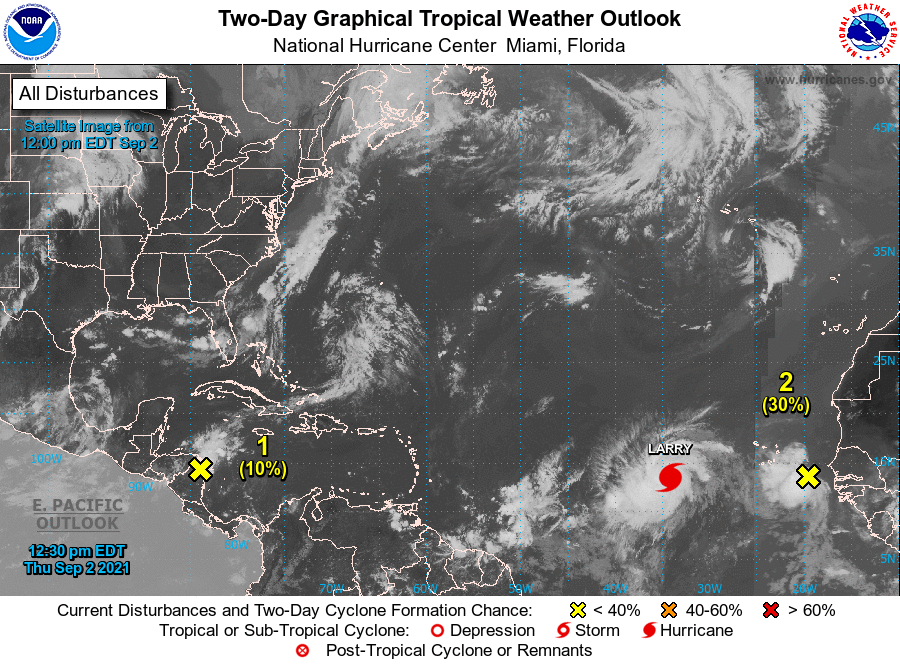
For the North Atlantic...Caribbean Sea and the Gulf of Mexico:

Special tropical weather outlook issued to introduce a new system located to the east-southeast of the Cabo Verde Islands.

The National Hurricane Center is issuing advisories on Hurricane Larry, located over the eastern tropical Atlantic several hundred miles west-southwest of the southernmost Cabo Verde Islands.

1. A small area of low pressure over northeastern Nicaragua is producing disorganized shower and thunderstorm activity. A portion of the low's circulation could move over the Gulf of Honduras on Friday. However, development there, if any, is expected to be slow to occur. This system could then move over the southwestern Gulf of Mexico during the weekend and early next week, but by then strong upper-level winds would likely limit significant development. Regardless of development, heavy rains are possible across portions of Central America and the Yucatan Peninsula through the weekend.
* Formation chance through 48 hours...low...10 percent.
* Formation chance through 5 days...low...20 percent.

2. Satellite imagery and recent satellite wind data indicate that a low pressure area has formed about 300 miles east-southeast of the southernmost Cabo Verde Islands, and that the associated showers and thunderstorms show signs of organization. Some additional development could occur during the next 12-24 hours as the low moves generally westward at about 15 mph. After that time, conditions are expected to become less conducive for development. Interests in the Cabo Verde Islands should monitor the progress of this system.
* Formation chance through 48 hours...low...30 percent.
* Formation chance through 5 days...low...30 percent.

Forecaster Beven/Papin